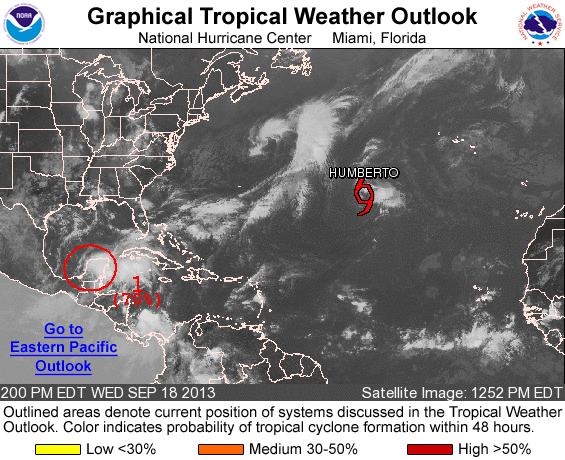
FOR THE NORTH ATLANTIC...CARIBBEAN SEA AND THE GULF OF MEXICO...

THE NATIONAL HURRICANE CENTER IS ISSUING ADVISORIES ON TROPICAL STORM HUMBERTO...LOCATED OVER THE EASTERN ATLANTIC WELL TO THE WEST-SOUTHWEST OF THE AZORES.

1. SATELLITE IMAGES AND SURFACE OBSERVATIONS FROM MEXICO INDICATE THAT THE BROAD AREA OF LOW PRESSURE IS NOW CENTERED OVER THE GULF OF MEXICO WEST OF THE YUCATAN PENINSULA. THE ASSOCIATED SHOWER ACTIVITY IS CURRENTLY POORLY ORGANIZED...AND THE HURRICANE HUNTER MISSION SCHEDULED FOR THIS AFTERNOON HAS BEEN CANCELLED. THIS SYSTEM IS EXPECTED TO MOVE WEST-NORTHWESTWARD OVER THE SOUTHWESTERN GULF OF MEXICO DURING THE NEXT COUPLE OF DAYS...WHERE ENVIRONMENTAL CONDITIONS ARE EXPECTED TO BE CONDUCIVE FOR THE FORMATION OF A TROPICAL DEPRESSION. THIS SYSTEM HAS A HIGH CHANCE...70 PERCENT... OF BECOMING A TROPICAL CYCLONE DURING THE NEXT 48 HOURS AND A HIGH CHANCE...80 PERCENT...OF BECOMING A TROPICAL CYCLONE DURING THE NEXT 5 DAYS. REGARDLESS OF DEVELOPMENT...THIS DISTURBANCE WILL LIKELY SPREAD HEAVY RAINS OVER PORTIONS OF EASTERN MEXICO AND COULD CAUSE LIFE-THREATENING FLOODS AND MUDSLIDES OVER AREAS ALREADY IMPACTED BY TORRENTIAL RAINS DURING THE PAST SEVERAL DAYS.

FIVE-DAY FORMATION PROBABILITIES ARE EXPERIMENTAL IN 2013. COMMENTS ON THE EXPERIMENTAL FORECASTS CAN BE PROVIDED AT...

HTTP://WWW.NWS.NOAA.GOV/SURVEY/NWS-SURVEY.PHP?CODE=ETWO

FORECASTER BEVEN